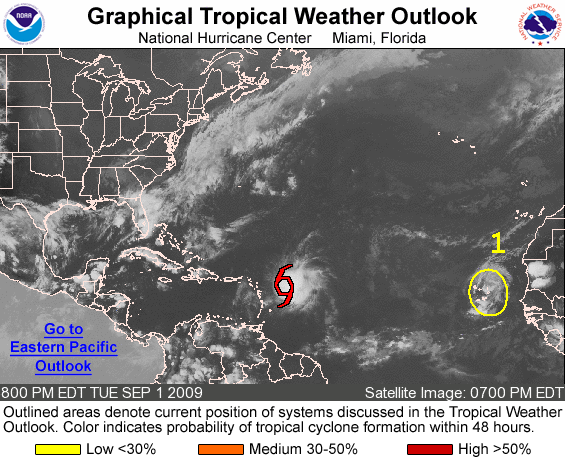
FOR THE NORTH ATLANTIC...CARIBBEAN SEA AND THE GULF OF MEXICO...

THE NATIONAL HURRICANE CENTER IS ISSUING ADVISORIES ON NEWLY FORMED TROPICAL STORM ERIKA LOCATED 390 MILES EAST OF THE NORTHERN LEEWARD ISLANDS.

1. AN AREA OF LOW PRESSURE ASSOCIATED WITH A TROPICAL WAVE IS SPREADING CLOUDINESS AND THUNDERSTORMS OVER THE CAPE VERDE ISLANDS. THIS SYSTEM CONTINUES TO SHOW SOME SIGNS OF ORGANIZATION AND DEVELOPMENT...IF ANY...EXPECTED TO BE SLOW TO OCCUR AS THE SYSTEM MOVES TO THE WEST OR WEST-NORTHWEST AT 10 TO 15 MPH. THERE IS A LOW CHANCE...LESS THAN 30 PERCENT...OF THIS SYSTEM BECOMING A TROPICAL CYCLONE DURING THE NEXT 48 HOURS.

ELSEWHERE...TROPICAL CYCLONE FORMATION IS NOT EXPECTED DURING THE NEXT 48 HOURS.

PUBLIC ADVISORIES ON ERIKA ARE ISSUED UNDER WMO HEADER WTNT31 KNHC AND UNDER AWIPS HEADER MIATCPAT1. FORECAST/ADVISORIES ARE ISSUED UNDER WMO HEADER WTNT21 KNHC AND UNDER AWIPS HEADER MIATCMAT1.

FORECASTER AVILA